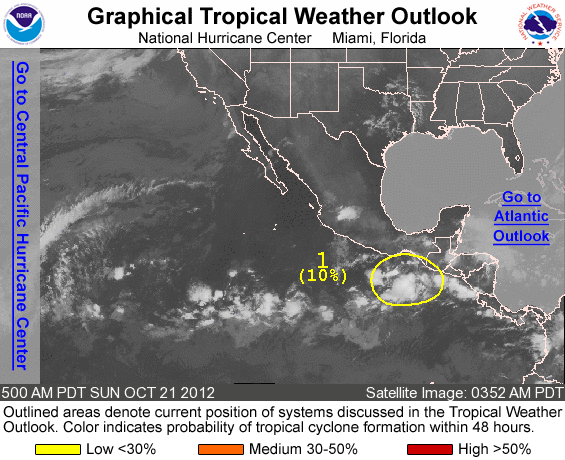
FOR THE EASTERN NORTH PACIFIC...EAST OF 140 DEGREES WEST LONGITUDE..

1. AN AREA OF DISTURBED WEATHER LOCATED A FEW HUNDRED MILES SOUTH OF THE GULF OF TEHUANTEPEC IS MOVING WESTWARD AT 5 TO 10 MPH. DEVELOPMENT...IF ANY...OF THIS SYSTEM IS EXPECTED TO BE SLOW TO OCCUR...AND IT HAS A LOW CHANCE...10 PERCENT...OF BECOMING A TROPICAL CYCLONE DURING THE NEXT 48 HOURS.

ELSEWHERE...TROPICAL CYCLONE FORMATION IS NOT EXPECTED DURING THE NEXT 48 HOURS.

FORECASTER CANGIALOSI